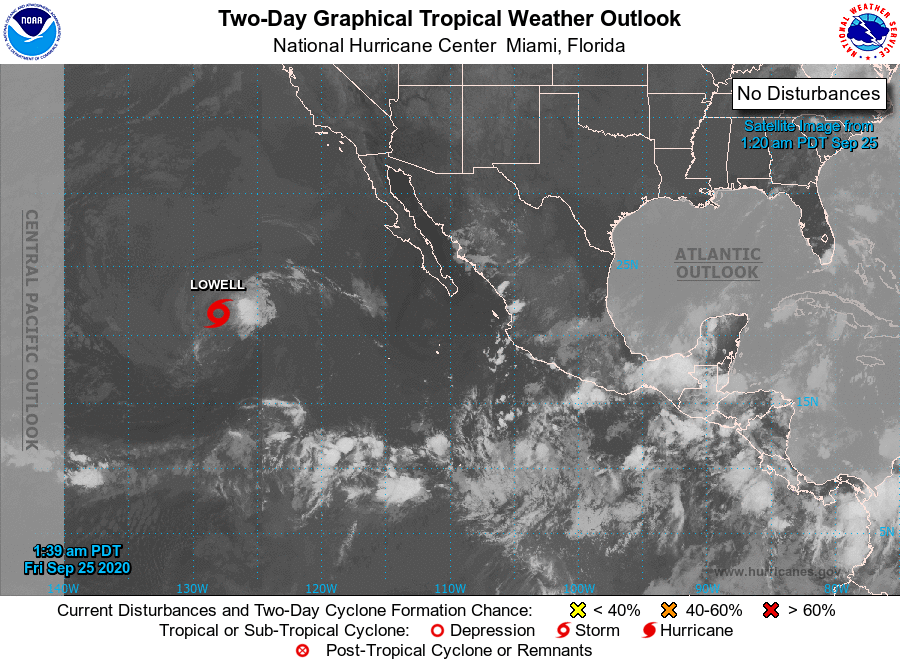
For the eastern North Pacific...east of 140 degrees west longitude:

The National Hurricane Center is issuing advisories on Tropical Storm Lowell, located about 1100 miles west of the southern tip of the Baja California peninsula.

1. An area of low pressure is expected to form south or southwest of the southwestern coast of Mexico early next week. Some gradual development will be possible thereafter while the system moves generally west-northwestward.
* Formation chance through 48 hours...low...near 0 percent.
* Formation chance through 5 days...low...30 percent.

Forecaster Berg